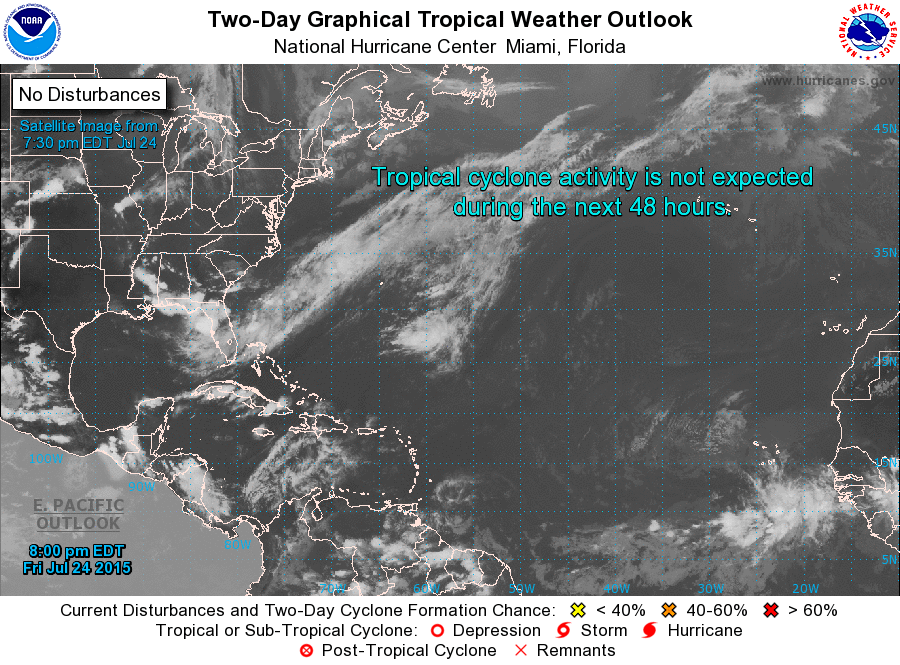
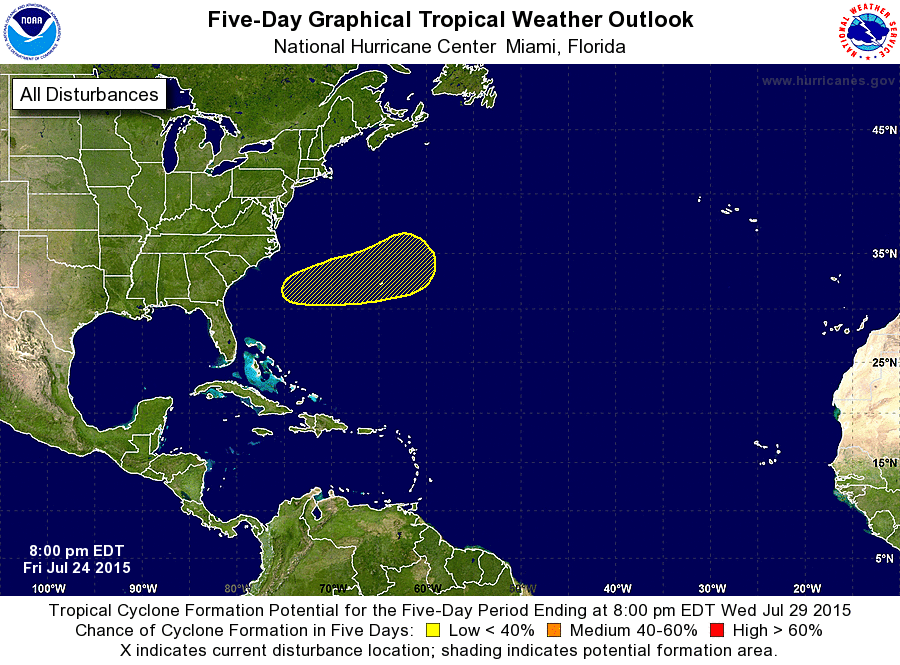
For the North Atlantic...Caribbean Sea and the Gulf of Mexico:

1. A non-tropical area of low pressure could form early next week between the southeast United States coast and Bermuda. This low could gradually acquire subtropical or tropical characteristics while it moves east-northeastward or northeastward.
* Formation chance through 48 hours...low...near 0 percent
* Formation chance through 5 days...low...20 percent

Forecaster Kimberlain/Cangialosi